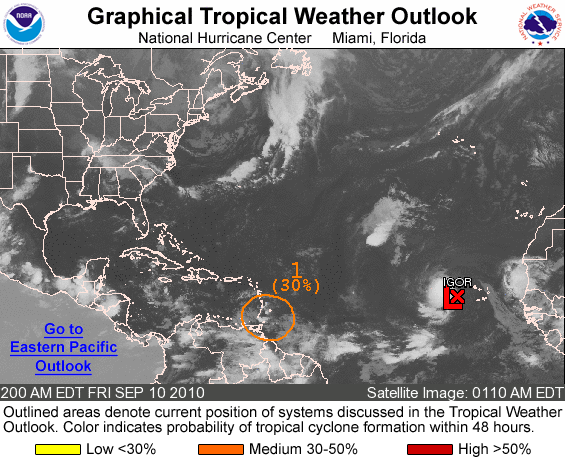
FOR THE NORTH ATLANTIC...CARIBBEAN SEA AND THE GULF OF MEXICO...

THE NATIONAL HURRICANE CENTER IS ISSUING ADVISORIES ON TROPICAL DEPRESSION IGOR...LOCATED ABOUT 240 MILES WEST OF THE CAPE VERDE ISLANDS.

1. DISORGANIZED CLOUDINESS AND THUNDERSTORMS IN THE VICINITY OF THE WINDWARD ISLANDS ARE ASSOCIATED WITH A NEARLY STATIONARY AREA OF LOW PRESSURE. THE LOW SHOULD BEGIN TO DRIFT WESTWARD AND IT APPEARS THAT THE ENVIRONMENT IS BECOMING A LITTLE LESS FAVORABLE FOR DEVELOPMENT DURING THE NEXT DAY OR TWO. THERE IS A MEDIUM CHANCE...30 PERCENT...OF THIS SYSTEM BECOMING A TROPICAL CYCLONE DURING THE NEXT 48 HOURS.

ELSEWHERE...TROPICAL CYCLONE FORMATION IS NOT EXPECTED DURING THE NEXT 48 HOURS.

FORECASTER AVILA